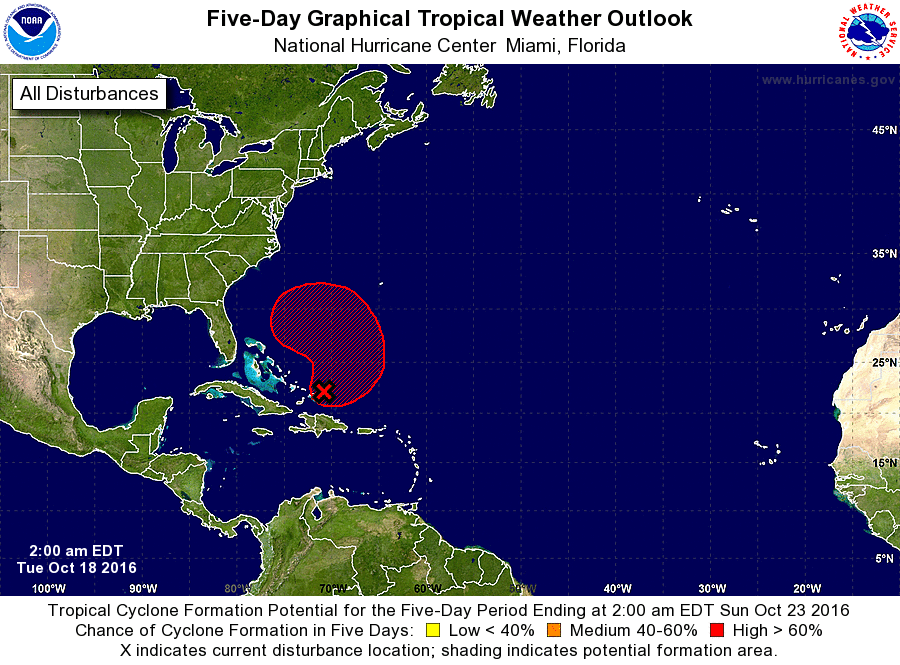
For the North Atlantic...Caribbean Sea and the Gulf of Mexico:

The National Hurricane Center is issuing advisories on recently downgraded Tropical Storm Nicole, located several hundred miles east-southeast of Cape Race, Newfoundland.

1. Shower activity associated with a low pressure area located just to the northeast of the southeastern Bahamas has become more concentrated this morning, and surface observations indicate that pressures are falling in the area. The low is expected to slowly intensify as upper-level winds become more conducive, and a subtropical or tropical cyclone could form during the next day or two as the low moves northward or north-northwestward.
* Formation chance through 48 hours...medium...40 percent
* Formation chance through 5 days...high...70 percent

Forecaster Beven